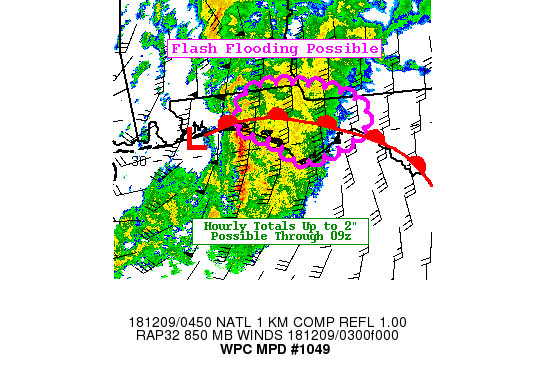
Areas affected...Central FL Panhandle

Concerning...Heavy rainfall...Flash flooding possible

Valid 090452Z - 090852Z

Summary...Line of showers and thunderstorms tracking through the
Florida Panhandle will be capable of producing hourly totals  up
to 2". This heavy rainfall, falling on saturated soils due to
recent heavy rain events, could result in flash flooding.

Discussion...An area of low pressure tracking across the northern
Gulf of Mexico with its associated warm front draped just inland
has allowed a narrow axis of better instability to lift northward
into the central Florida Panhandle. With the compact 850 mb
forcing overrunning this boundary, there is a focused area of
strong moisture transport nosing in across central FL panhandle.
Recent heavy rain events have primed soils with 7-day averages
still running 400-600 percent above normal.

Hi-res models indicate that between 1-2" are likely with this line
of showers/storms through 09z with some localized amounts near 3"
possible.

Limiting factors for more widespread flooding or flash flooding
issues will be the progressive nature of this line with a sharp
cutoff in precipitation west to east, as well as the limited
instability. Nonetheless, given the antcedent conditions and
intense hourly rates possible, some localized flooding will be
possible into the early overnight hours.